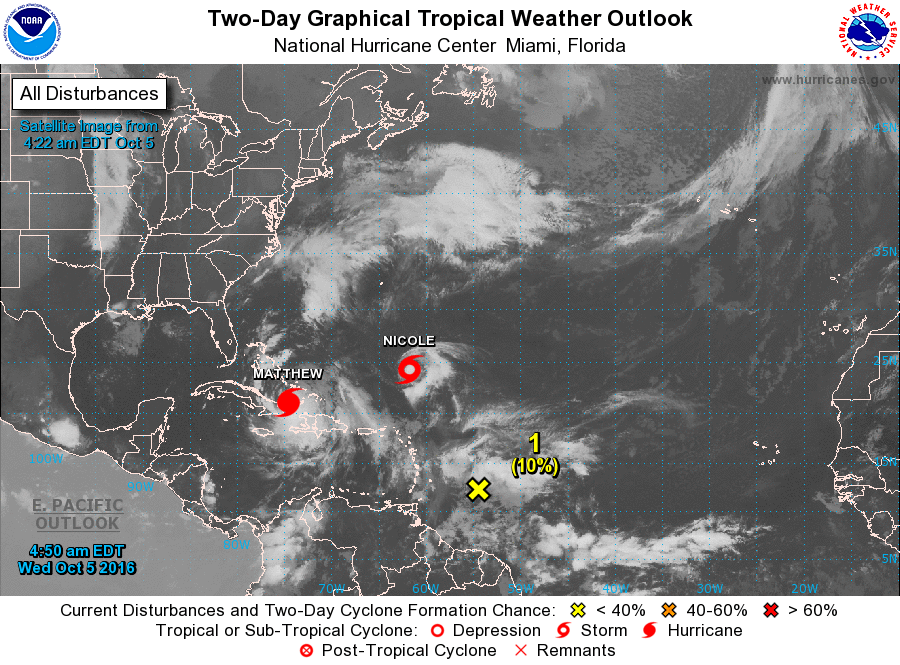
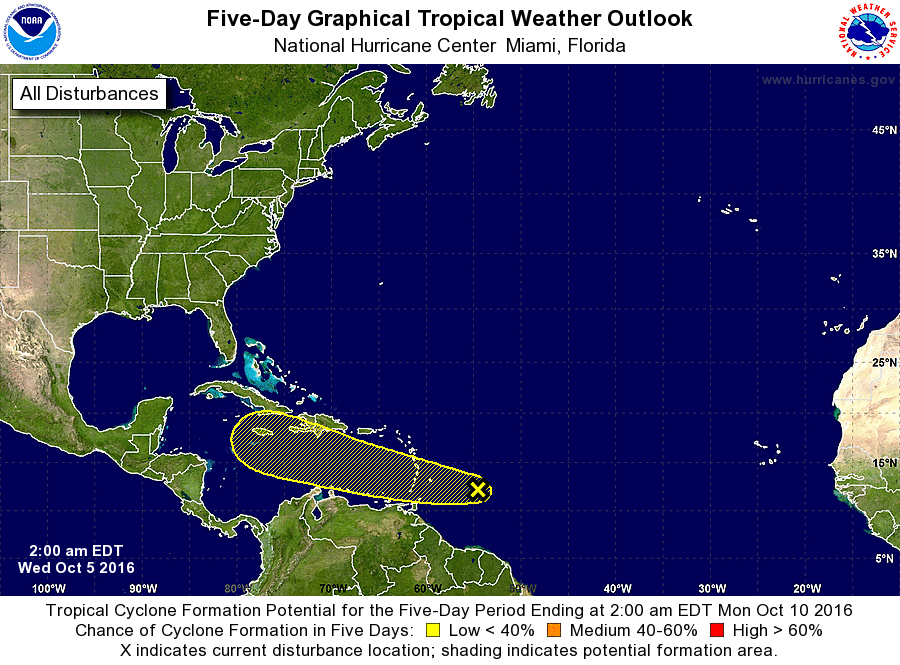
For the North Atlantic...Caribbean Sea and the Gulf of Mexico:

The National Hurricane Center is issuing advisories on Hurricane Matthew, located near eastern Cuba, and on Tropical Storm Nicole located several hundred miles northeast of Puerto Rico.

1. A tropical wave is producing a large area of disorganized showers and thunderstorms several hundred miles east of the Windward Islands. Development, if any, of this system is expected to be slow to occur while the wave moves westward at 10 to 15 mph during the next several days. Regardless of tropical cyclone development, locally heavy rains and gusty winds are possible in the Windward and southern Leeward Islands during the next day or two as the wave moves through the area.
* Formation chance through 48 hours...low...10 percent
* Formation chance through 5 days...low...20 percent

Public Advisories on Nicole are issued under WMO header WTNT35 KNHC and under AWIPS header MIATCPAT5. Forecast/Advisories on Nicole are issued under WMO header WTNT25 KNHC and under AWIPS header MIATCMAT5.

Forecaster Cangialosi